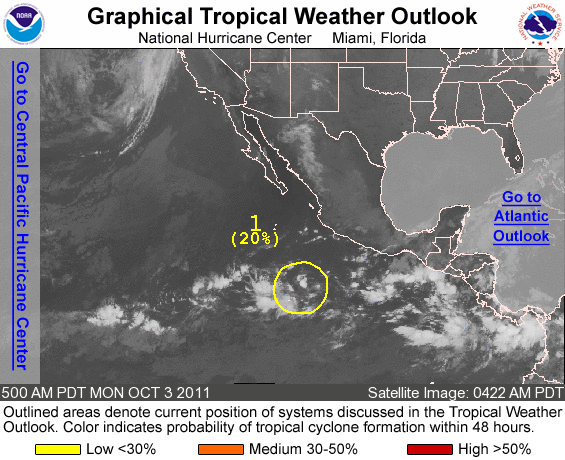
FOR THE EASTERN NORTH PACIFIC...EAST OF 140 DEGREES WEST LONGITUDE..

1. A BROAD AREA OF LOW PRESSURED LOCATED APPROXIMATELY 525 MILES SOUTH-SOUTHWEST OF MANZANILLO MEXICO IS PRODUCING DISORGANIZED SHOWERS AND A FEW THUNDERSTORMS. ENVIRONMENTAL CONDITIONS APPEAR CONDUCIVE FOR SOME GRADUAL DEVELOPMENT OF THIS DISTURBANCE AS IT MOVES WESTWARD AT 5 TO 10 MPH DURING THE NEXT COUPLE OF DAYS. THIS SYSTEM HAS A LOW CHANCE...20 PERCENT...OF BECOMING A TROPICAL CYCLONE DURING THE NEXT 48 HOURS.

ELSEWHERE...TROPICAL CYCLONE FORMATION IS NOT EXPECTED DURING THE NEXT 48 HOURS.

FORECASTER BERG